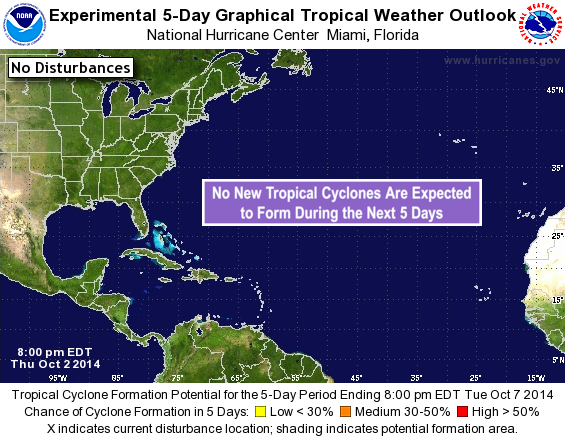
For the North Atlantic...Caribbean Sea and the Gulf of Mexico:

Tropical cyclone formation is not expected during the next 5 days.

Forecaster Blake